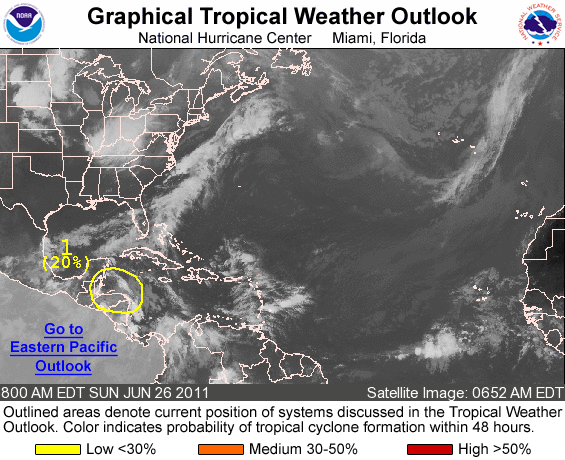
FOR THE NORTH ATLANTIC...CARIBBEAN SEA AND THE GULF OF MEXICO...

1. A TROPICAL WAVE IS PRODUCING CLOUDINESS AND DISORGANIZED SHOWER ACTIVITY OVER HONDURAS...NICARAGUA...AND THE NORTHWESTERN CARIBBEAN SEA. LITTLE IF ANY DEVELOPMENT IS EXPECTED AS THE WAVE MOVES ACROSS CENTRAL AMERICA AND THE YUCATAN PENINSULA TODAY. HOWEVER...THIS SYSTEM IS FORECAST TO EMERGE OVER THE BAY OF CAMPECHE ON MONDAY WHERE UPPER-LEVEL WINDS ARE EXPECTED TO BECOME CONDUCIVE FOR SOME DEVELOPMENT TO OCCUR. THERE IS A LOW CHANCE...20 PERCENT...OF THIS SYSTEM BECOMING A TROPICAL CYCLONE DURING THE NEXT 48 HOURS. REGARDLESS OF DEVELOPMENT...THIS DISTURBANCE COULD BRING PERIODS OF LOCALLY HEAVY RAINFALL AND GUSTY WINDS TO PORTIONS OF EASTERN MEXICO AND CENTRAL AMERICA DURING THE NEXT DAY OR TWO AS IT MOVES WEST-NORTHWESTWARD AT 10 TO 15 MPH.

ELSEWHERE...TROPICAL CYCLONE FORMATION IS NOT EXPECTED DURING THE NEXT 48 HOURS.

FORECASTER LANDSEA/PASCH